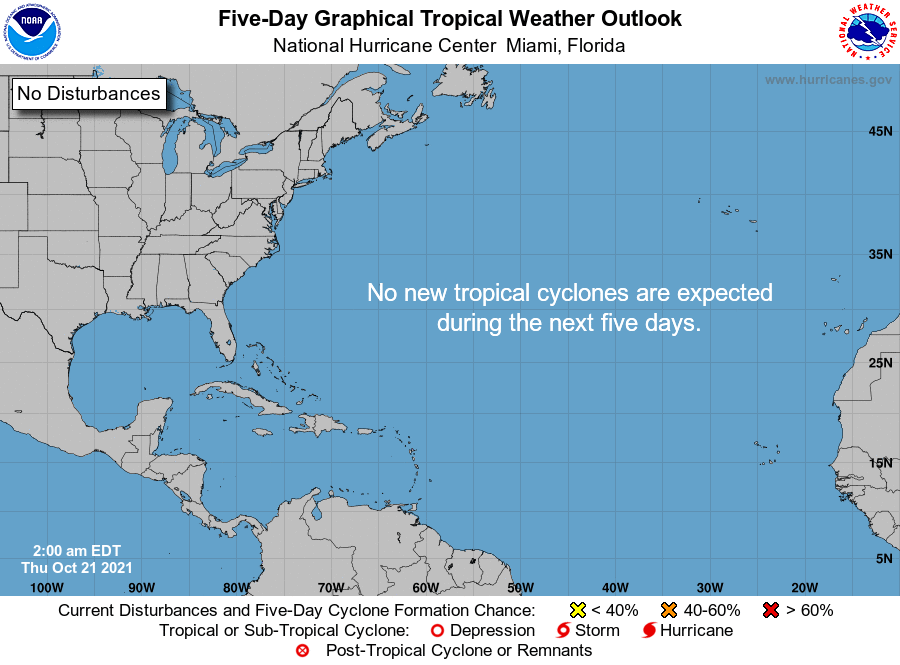
For the North Atlantic...Caribbean Sea and the Gulf of Mexico:

Tropical cyclone formation is not expected during the next 5 days.

Forecaster Papin